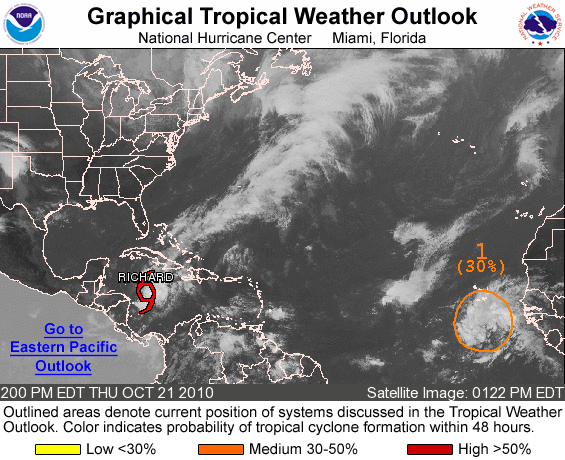
FOR THE NORTH ATLANTIC...CARIBBEAN SEA AND THE GULF OF MEXICO...

THE NATIONAL HURRICANE CENTER IS ISSUING ADVISORIES ON RECENTLY UPGRADED TROPICAL STORM RICHARD LOCATED ABOUT 200 MILES SOUTH-SOUTHEAST OF GRAND CAYMAN AND ABOUT 205 MILES EAST-NORTHEAST OF THE HONDURAS/NICARAGUA BORDER.

1. A LARGE LOW PRESSURE SYSTEM LOCATED ABOUT 330 MILES SOUTH OF THE CAPE VERDE ISLANDS CONTINUES TO SHOW SIGNS OF ORGANIZATION. ENVIRONMENTAL CONDITIONS ARE EXPECTED TO BECOME MORE CONDUCIVE FOR DEVELOPMENT DURING THE NEXT COUPLE OF DAYS...WITH UNFAVORABLE CONDITIONS FORECAST TO DEVELOP AFTER THAT TIME. THERE IS A MEDIUM CHANCE...30 PERCENT...OF THIS SYSTEM BECOMING A TROPICAL CYCLONE DURING THE NEXT 48 HOURS AS IT MOVES TO THE WEST-NORTHWEST OR NORTHWEST AT 10 TO 15 MPH. LOCALLY HEAVY RAINFALL AND GUSTY WINDS WILL BE POSSIBLE OVER THE SOUTHERN CAPE VERDE ISLANDS THROUGH FRIDAY.

ELSEWHERE...TROPICAL CYCLONE FORMATION IS NOT EXPECTED DURING THE NEXT 48 HOURS.

PUBLIC ADVISORIES ON TROPICAL STORM RICHARD ARE ISSUED UNDER WMO HEADER WTNT34 KNHC AND UNDER AWIPS HEADER MIATCPAT4. FORECAST/ADVISORIES ARE ISSUED UNDER WMO HEADER WTNT24 KNHC AND UNDER AWIPS HEADER MIATCMAT4.

FORECASTER STEWART